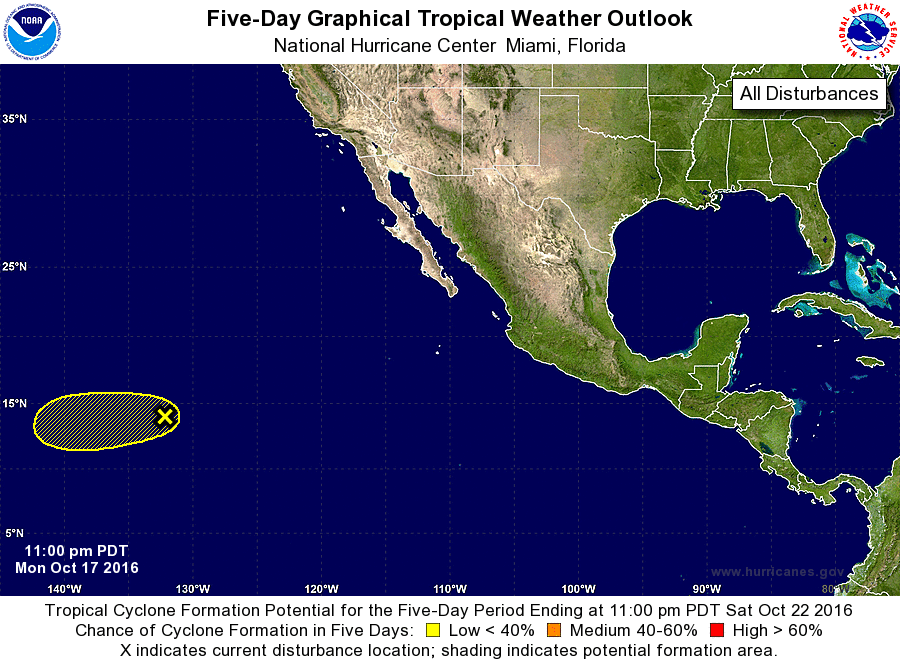
For the eastern North Pacific...east of 140 degrees west longitude:

1. A low pressure system located about 1575 miles west-southwest of the southern tip of the Baja California peninsula continues to produce disorganized showers and thunderstorms. Some slow development of this system is still possible during the next couple of days before environmental conditions become less conducive. The disturbance is forecast to move west-southwestward at about 10 mph during the next few days.
* Formation chance through 48 hours...low...30 percent
* Formation chance through 5 days...low...30 percent

Forecaster Beven